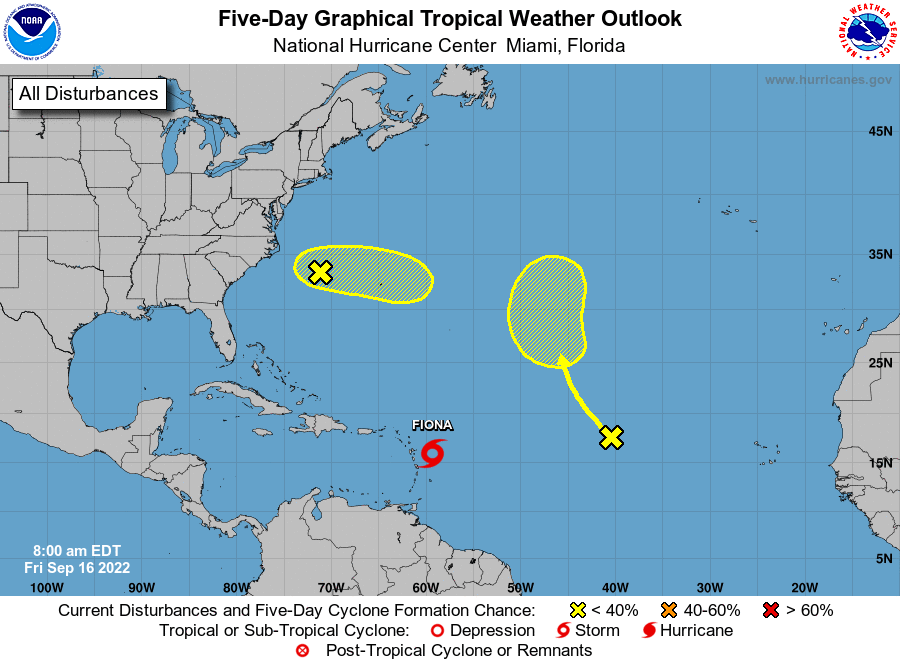
For the North Atlantic...Caribbean Sea and the Gulf of Mexico:

Active Systems: The National Hurricane Center is issuing advisories on Tropical Storm Fiona, located a couple of hundred miles east-southeast of the Leeward Islands.

1. Western Atlantic: A frontal low over the western Atlantic Ocean a few hundred miles west-northwest of Bermuda is producing disorganized showers and thunderstorms. This low is expected to move eastward to east-southeastward at 10 to 15 mph, and development into a tropical cyclone is not anticipated due to strong upper-level winds.
* Formation chance through 48 hours...low...10 percent.
* Formation chance through 5 days...low...10 percent.

2. Central Atlantic: Disorganized showers and thunderstorms over the central tropical Atlantic Ocean are associated with the northern end of a tropical wave. Some slow development of this system is possible early next week while it moves northwestward to northward over the central subtropical Atlantic.
* Formation chance through 48 hours...low...near 0 percent.
* Formation chance through 5 days...low...20 percent.

Forecaster Berg